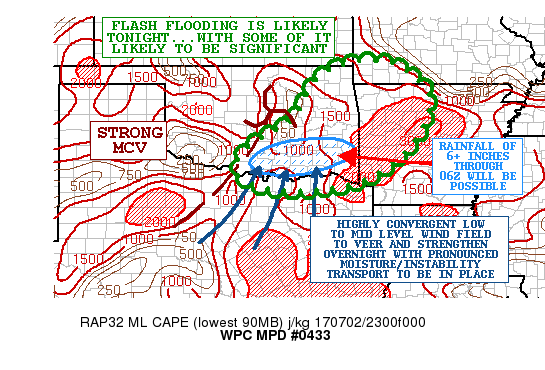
AREAS AFFECTED...FAR NORTHERN TX...SOUTHERN/EASTERN OK...WESTERN
AR...EXTREME SOUTHWEST MO

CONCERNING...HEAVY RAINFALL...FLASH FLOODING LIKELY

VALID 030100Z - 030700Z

SUMMARY...LOCALLY VERY HEAVY RAINFALL IS EXPECTED OVERNIGHT. FLASH
FLOODING IS LIKELY...WHICH MAY BE SIGNIFICANT.

DISCUSSION...A LONG-LIVED MCV WHICH HAS BEEN SLOWLY ADVANCING EAST
ACROSS CENTRAL OK THROUGH THE AFTERNOON AND EARLY EVENING HOURS
HAS BECOME CONVECTIVELY QUITE ACTIVE OVER THE LAST SEVERAL HOURS
WITH MULTIPLE CLUSTERS OF THUNDERSTORMS ADVANCING EAST ACROSS
EASTERN OK AND NOW PUSHING INTO PARTS OF NORTHWEST AR AND EXTREME
SOUTHEAST MO WHERE THE LEADING EDGE OF THE CONVECTION CONTINUES TO
INTERACT WITH A MODERATE TO STRONGLY UNSTABLE AIRMASS AHEAD OF IT.
MLCAPE VALUES ACROSS CENTRAL/NORTHWEST AR AND INTO EXTREME
SOUTHWEST MO ARE LOCALLY OVER 2000 J/KG ALONG WITH ABOUT 30 KTS OF
EFFECTIVE BULK SHEAR HELPING TO SUSTAIN SOME ORGANIZED CELL
DEVELOPMENT.

MEANWHILE...AROUND THE SOUTHERN FLANK OF THE MCV ACROSS SOUTHERN
OK...THE SITUATION HERE IS BECOMING MORE ALARMING AS CONVECTION
ACROSS THIS AREA IS BECOMING MORE FOCUSED/ORGANIZED WITHIN AN AREA
OF ENHANCING LOW TO MID LEVEL CONVERGENCE. THIS IS EVIDENCED IN
THE LATE-DAY EXPERIMENTAL GOES-16 0.64 MICRON/VIS IMAGERY WHICH
SHOWS A DUAL FETCH OF AGITATED CU/TCU CONVERGING ON THE RED RIVER
AND ADJACENT AREAS OF SOUTHERN OK FROM STEPHENS AND CARTER
COUNTIES EAST-NORTHEAST TO PONTOTOC AND COAL COUNTIES. IN
FACT...CONVECTION IN THESE AREAS HAS BECOME QUITE INTENSE WITH A
STRONG OVERSHOOTING TOP NOTED OVER COAL COUNTY IN PARTICULAR OVER
THE LAST HOUR.

THE HRRR/HRRRX GUIDANCE IS IN VERY STRONG AGREEMENT IN SUGGESTING
A STRENGTHENING OF THE MCV OVERNIGHT...WITH A TIGHTENING OF THE
VORTICITY FIELDS AS IT MOVES TOWARD EASTERN OK AFTER 06Z. THIS
WILL RESULT IN NOTABLY STRONGER WIND FIELDS IN THE 925/700 MB
LAYER TOWARD AND ESPECIALLY AFTER 06Z ACROSS AREAS OF FAR NORTHERN
TX...THE GREATER RED RIVER VALLEY AND INTO SOUTHEAST OK AND
GRADUALLY PARTS OF WESTERN AR THROUGH 09Z. THIS WILL ENHANCE THE
MOISTURE/INSTABILITY TRANSPORT ACROSS THESE AREAS ALONG WITH A
SIGNIFICANTLY CONFLUENT LOW TO MID LEVEL SPEED CORE REACHING
BETWEEN 30 TO 50 KTS THAT WILL ENHANCE FORCING FOR SUSTAINABLE
BACKBUILDING AND TRAINING CONVECTION AROUND THE SOUTHERN FLANK OF
THE MCV.

THE THREAT OF VERY HEAVY RAINFALL IS HIGH ACROSS AREAS OF
ESPECIALLY SOUTHEAST OK TONIGHT WHERE REPEATED HRRR/HRRRX QPF
OUTPUT HAS BEEN SIGNALING TOTALS OF 4 TO 6+ INCHES OF RAIN THROUGH
06Z ALONE...AND ADDITIONAL HEAVY RAINS AFTER THIS PERIOD GOING
THROUGH 12Z WITH A NOTABLE SET-UP FOR A HIGH-IMPACT STORM EVENT.
LESSER AMOUNTS OF AS MUCH AS 2 TO 4+ INCHES ARE EXPECTED AT LEAST
LOCALLY ELSEWHERE ACROSS AREAS OF EASTERN OK...WESTERN AR AND INTO
FAR SOUTHWEST MO.

FLASH FLOODING IS LIKELY TONIGHT...WITH THE HIGH THREAT AREA AGAIN
FOCUSED OVER AREAS NEAR THE RED RIVER AND ESPECIALLY OVER
SOUTHEAST OK. SOME OF THIS MAY BE QUITE SIGNIFICANT AND SHOULD BE
MONITORED CLOSELY.